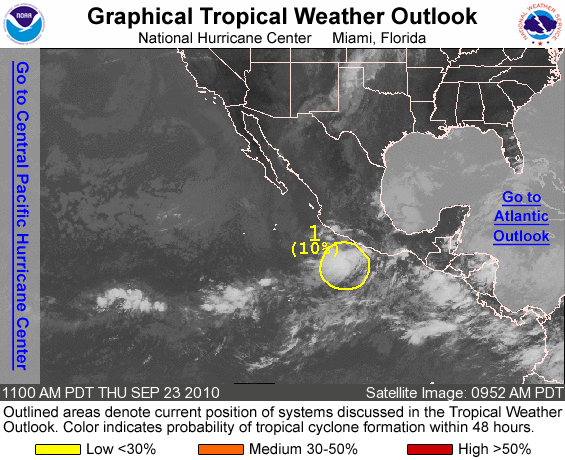
FOR THE EASTERN NORTH PACIFIC...EAST OF 140 DEGREES WEST LONGITUDE..

1. AN AREA OF DISTURBED WEATHER CENTERED ABOUT 150 MILES SOUTHWEST OF ACAPULCO REMAINS DISORGANIZED. DEVELOPMENT...IF ANY...OF THIS SYSTEM SHOULD BE SLOW TO OCCUR AS IT DRIFTS WESTWARD DURING THE NEXT DAY OR TWO. THERE IS A LOW CHANCE...10 PERCENT...OF THIS SYSTEM BECOMING A TROPICAL CYCLONE DURING THE NEXT 48 HOURS.

ELSEWHERE...TROPICAL CYCLONE FORMATION IS NOT EXPECTED DURING THE NEXT 48 HOURS.

FORECASTER AVILA